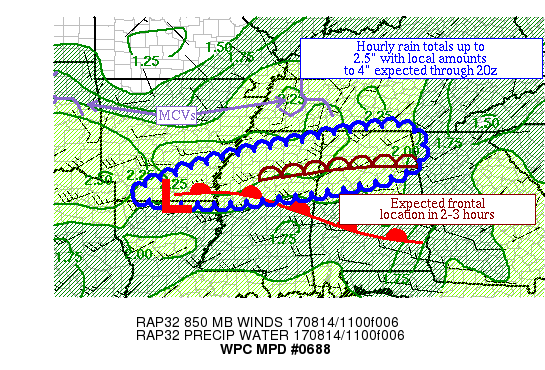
AREAS AFFECTED...SOUTHERN AR, NORTHERN MS & NORTHERN AL

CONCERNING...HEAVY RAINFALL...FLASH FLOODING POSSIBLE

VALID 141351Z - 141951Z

SUMMARY...A CONVECTIVE COMPLEX IS SHOWING TRAINING CHARACTER
ACROSS SOUTHEAST AR AND NORTHERN MS.  HOURLY RAIN TOTALS UP TO
2.5" WITH LOCAL AMOUNTS TO 4" ARE EXPECTED.

DISCUSSION...THUNDERSTORMS ARE TRAINING BETWEEN THE TAIL END OF A
MID-LEVEL SHORTWAVE MOVING INTO WESTERN TN AND AHEAD OF AN MCV
MOVING ACROSS OK, NEAR AND AHEAD OF A WEAK SURFACE WAVE.
PRECIPITABLE WATER VALUES OF 2.1-2.3" ARE SEEN IN THE REGION PER
GPS VALUES.  INFLOW AT 850 HPA IS CONVERGENT OUT OF THE
WEST-SOUTHWEST AT 15-20 KTS PER VAD WIND PROFILES, NEAR THE
MAGNITUDE OF THE 850-400 HPA WIND.  EFFECTIVE BULK SHEAR OF 25 KTS
IN THIS REGION COMBINED WITH NEARLY UNIDIRECTIONAL FLOW WITH
HEIGHT HAS LED TO THE TRAINING BAND.

THE MESOSCALE GUIDANCE HAS BEEN TOO SCATTERED WITH CONVECTION IN
THIS WARM AIR ADVECTION BAND, WHICH IS A TYPICAL BIAS.  THE 06Z
NAM CONEST, ADJUSTED SOUTH, LOOKS BEST, WHICH INDICATES THE
POTENTIAL FOR LOCAL AMOUNTS IN THE 3-4" RANGE THROUGH 20Z.
BELIEVE THE FRONT/THERMAL BOUNDARY WILL JUMP NORTH TO THE SOUTHERN
EDGE OF THE CLOUD SHIELD IN THE NEXT 2-3 HOURS.  DAYTIME HEATING
SHOULD ERODE THE REST OF THE REMAINING CIN SHORTLY AND BUILD
MLCAPES 1000-1500 J/KG ACROSS CENTRAL MS/CENTRAL AL WHICH IS
GENERALLY INDICATED BY THE RAP GUIDANCE.  INFLOW AT 850 HPA SHOULD
REMAIN RELATIVELY CONSTANT, AND THERE IS THE RISK OF AN ADDITIONAL
PULSE OF CONVECTION IN THE SOUTHWEST PORTION OF THE MPD REGION
EARLY TO MID AFTERNOON, WHICH COULD EXACERBATE ISSUES.  HOURLY
RAIN TOTALS UP TO 2.5" WITH LOCAL AMOUNTS TO 4" ARE EXPECTED,
WHICH WOULD BE PROBLEMATIC IN AN AREA THAT HAS RECEIVED FOUR TIMES
THE AVERAGE PRECIPITATION NORMALLY EXPECTED DURING THE PAST WEEK
-- SOILS ARE AT LEAST PARTIALLY SATURATED.